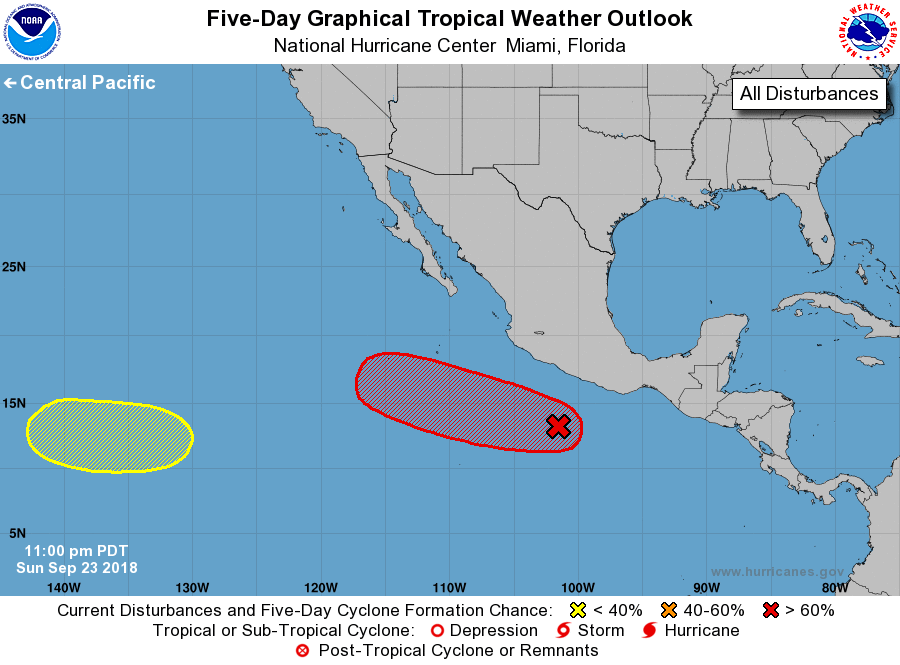
For the eastern North Pacific...east of 140 degrees west longitude:

1. An area of low pressure located a couple of hundred miles southwest of Acapulco, Mexico, is showing some signs of organization. Environmental conditions are expected to be conducive for development, and a tropical depression is likely to form within the next few days while it moves west-northwestward well off the coast of Mexico.
* Formation chance through 48 hours...medium...60 percent.
* Formation chance through 5 days...high...90 percent.

2. An area of low pressure is expected to form over the far western portion of the eastern North Pacific basin in a couple of days. Some gradual development of this system is possible after that time while it moves westward toward the central Pacific.
* Formation chance through 48 hours...low...near 0 percent.
* Formation chance through 5 days...low...30 percent.

Forecaster Cangialosi